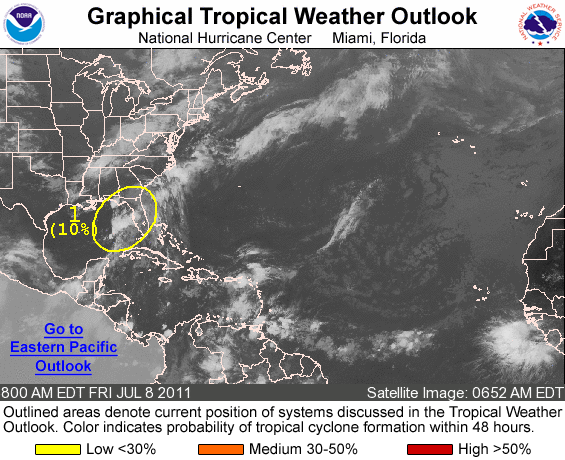
FOR THE NORTH ATLANTIC...CARIBBEAN SEA AND THE GULF OF MEXICO...

1. AN ELONGATED AREA OF LOW PRESSURE IS PRODUCING DISORGANIZED CLOUDINESS AND SHOWERS PRIMARILY OVER FLORIDA AND THE ADJACENT WATERS. ENVIRONMENTAL CONDITIONS HAVE BECOME LESS CONDUCIVE AND THE POTENTIAL FOR DEVELOPMENT HAS DIMINISHED. THERE IS A LOW CHANCE...10 PERCENT...OF THIS SYSTEM BECOMING A TROPICAL OR SUBTROPICAL CYCLONE DURING THE NEXT 48 HOURS AS IT MOVES NORTHWARD OR NORTH-NORTHEASTWARD.

ELSEWHERE...TROPICAL CYCLONE FORMATION IS NOT EXPECTED DURING THE NEXT 48 HOURS.

FORECASTER AVILA